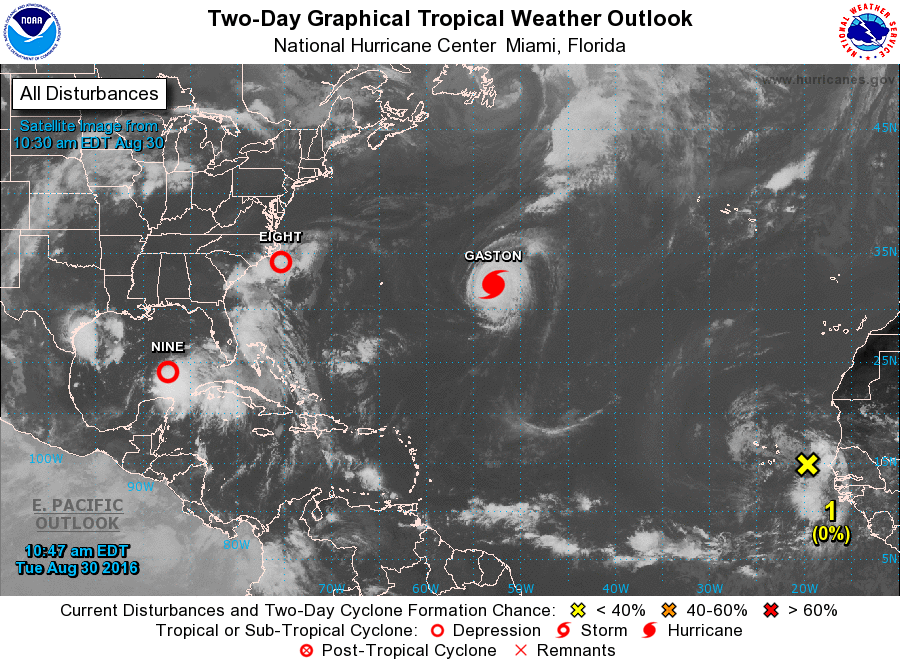
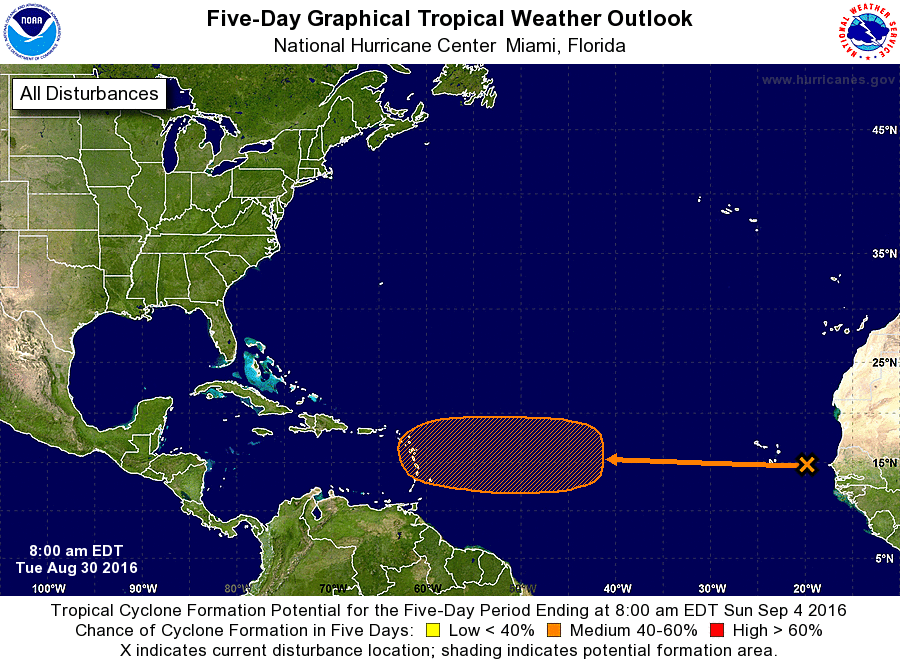
For the North Atlantic...Caribbean Sea and the Gulf of Mexico:

The National Hurricane Center is issuing advisories on Hurricane Gaston, located well east of Bermuda, on Tropical Depression Eight, located south-southeast of Cape Hatteras, North Carolina, and on Tropical Depression Nine, located over the southeastern Gulf of Mexico.

1. A weak area of low pressure, associated with a tropical wave, is located over the far eastern Atlantic near the Cabo Verde Islands. Environmental conditions are expected to become a little more favorable for some gradual development of this system late this week while it moves westward at 15 to 20 mph over the tropical Atlantic.
* Formation chance through 48 hours...low...near 0 percent
* Formation chance through 5 days...medium...40 percent

Forecaster Pasch